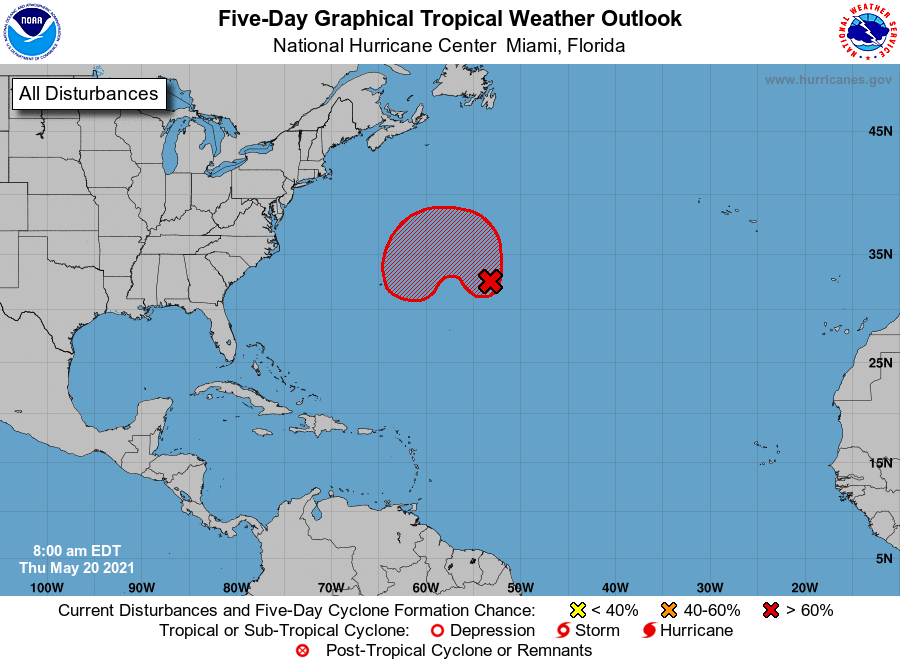
For the North Atlantic...Caribbean Sea and the Gulf of Mexico:

1. A non-tropical low pressure system is located about 800 miles east of Bermuda. The low is expected to develop gale-force winds later today while it moves generally northward. The low is then forecast to move westward and southwestward over warmer waters tonight and Friday, and it will likely become a subtropical cyclone near and to the northeast of Bermuda on Friday. The system is expected to move toward the north and northeast into a more hostile environment by late Sunday into Monday. For more information on this developing low pressure area, please see High Seas forecasts issued by the NOAA Ocean Prediction Center and forecast products issued by the Bermuda Weather Service.
* Formation chance through 48 hours...high...70 percent.
* Formation chance through 5 days...high...90 percent.

High Seas Forecasts for this system can be found under AWIPS header NFDHSFAT1, WMO header FZNT01 KWBC, and online at ocean.weather.gov/shtml/NFDHSFAT1.php

Forecaster Beven